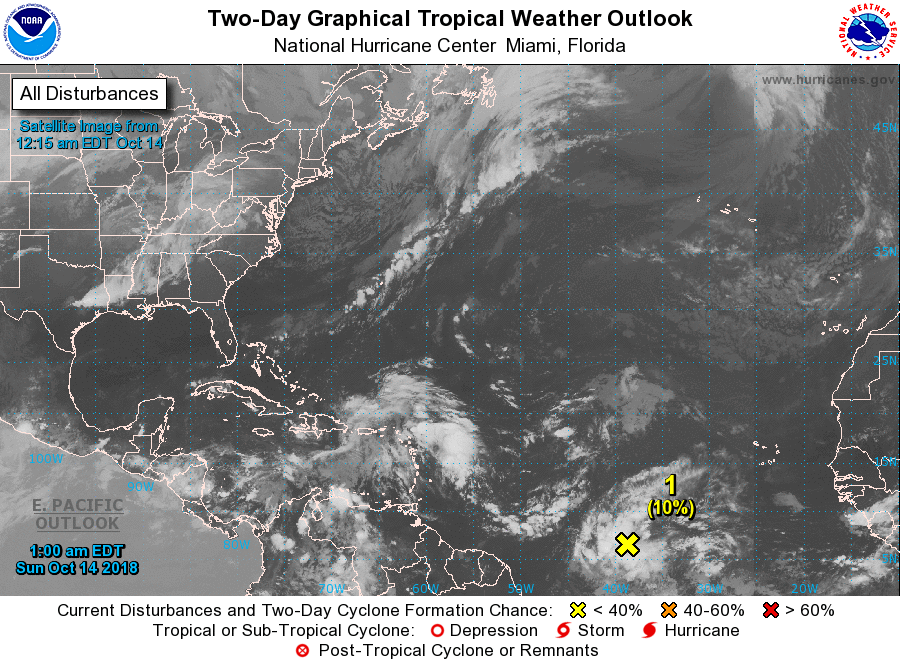
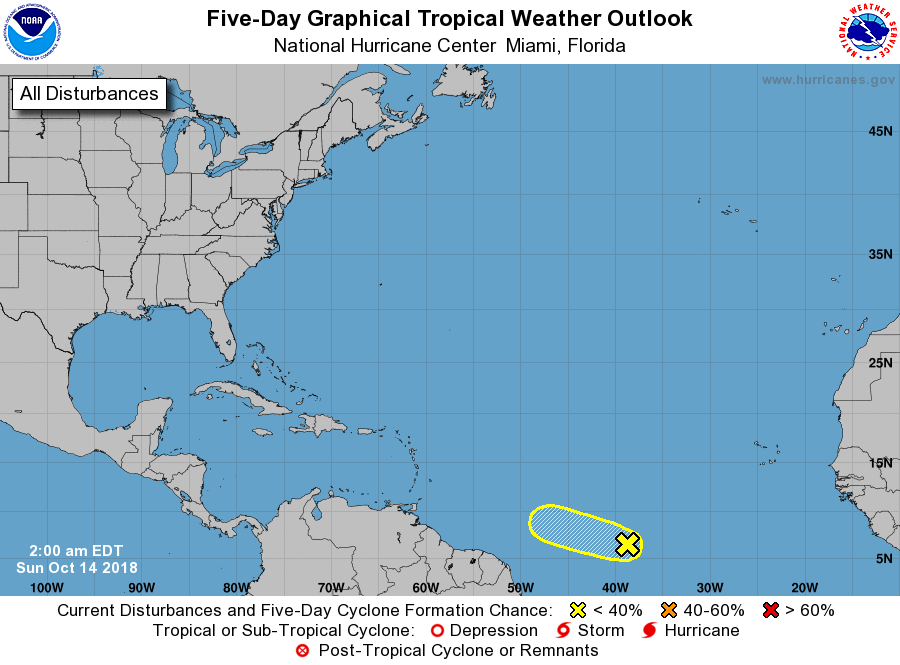
For the North Atlantic...Caribbean Sea and the Gulf of Mexico:

1. A tropical wave located about midway between the west coast of Africa and the Lesser Antilles is producing a large area of disorganized showers and thunderstorms. Some slight development of this system is possible during the next day or two before environmental conditions become unfavorable. This wave is expected to move westward at about 15 mph during the next few days.
* Formation chance through 48 hours...low...10 percent.
* Formation chance through 5 days...low...10 percent.

Forecaster Berg